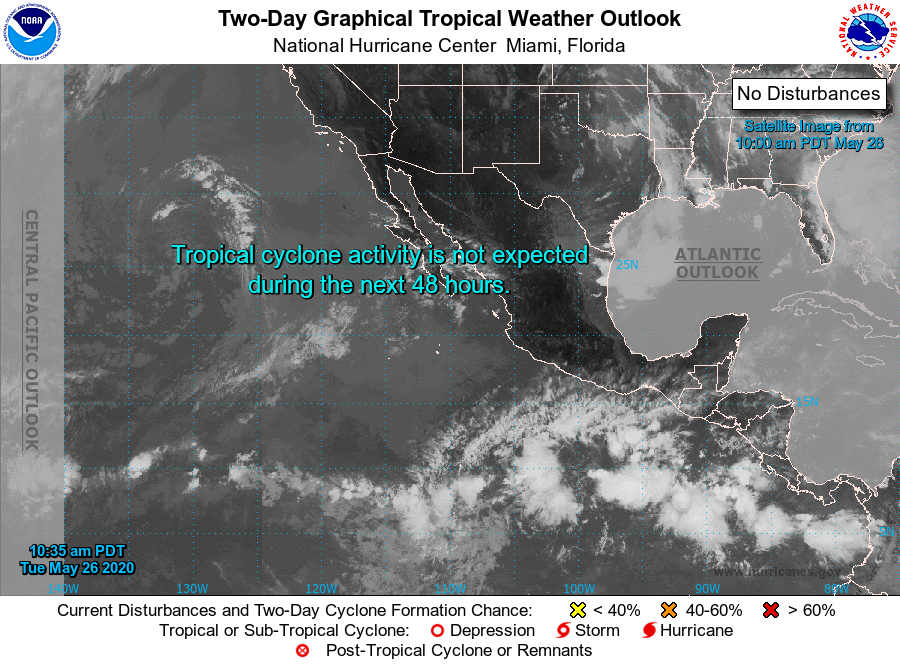
For the eastern North Pacific...east of 140 degrees west longitude:

1. A broad area of low pressure is expected to form in a few days south of the coasts of southern Mexico, Guatemala, and El Salvador. Environmental conditions appear conducive for gradual development of this system, and a tropical depression is likely to form late this week or over the weekend while it moves little or drifts northward.
* Formation chance through 48 hours...low...near 0 percent.
* Formation chance through 5 days...high...70 percent.

Forecaster Stewart